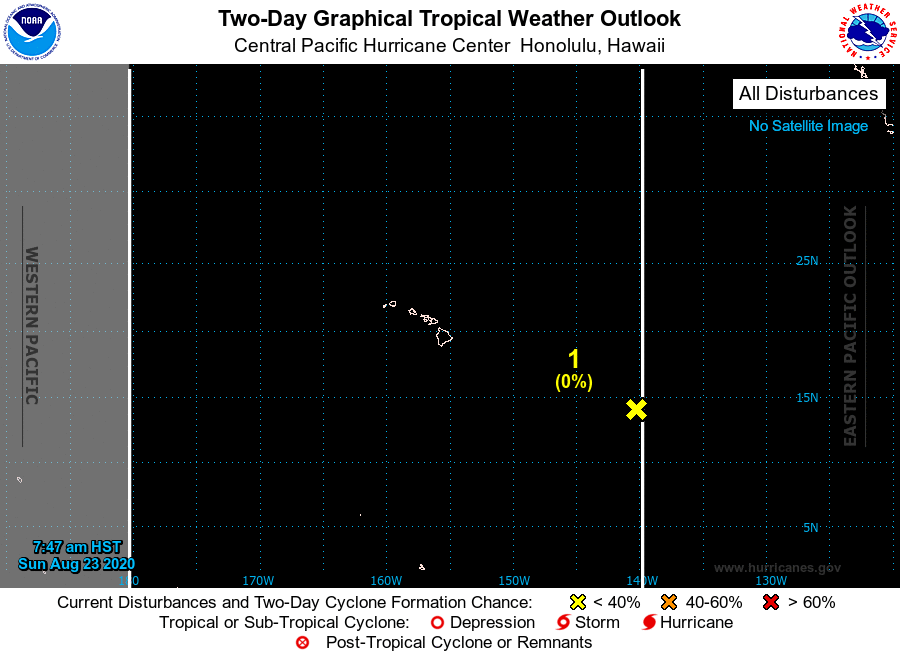
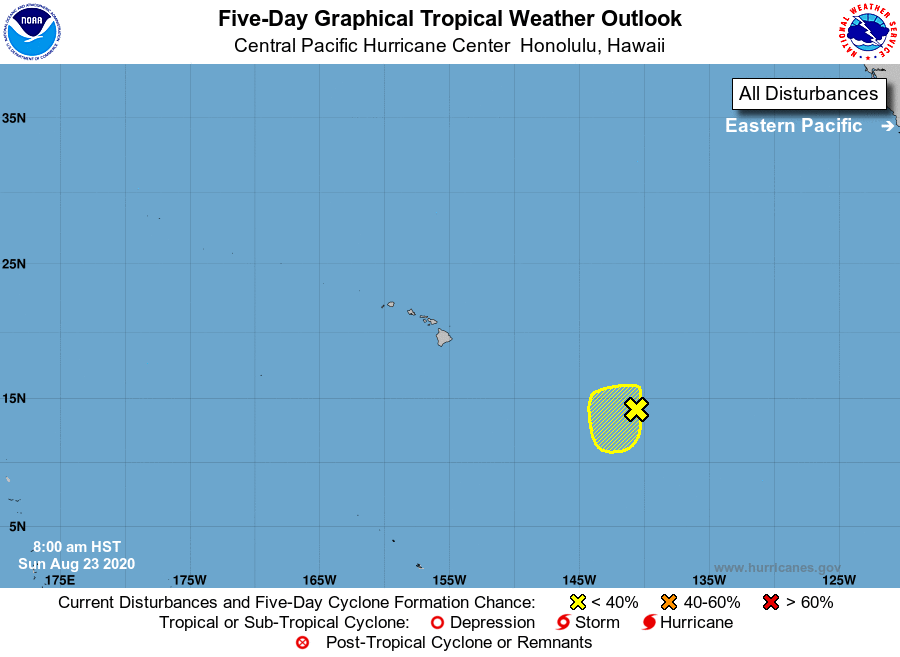
For the central North Pacific...between 140W and 180W:

1. The remnant low of Tropical Depression Ten-E, located around 1035 miles east-southeast of Hilo, Hawaii, is producing disorganized showers and thunderstorms this morning. Environmental conditions are expected to become increasingly unfavorable for development during the next couple days as the system tracks slowly north-northeastward.
* Formation chance through 48 hours...low...near 0 percent.
* Formation chance through 5 days...low...10 percent.

Elsewhere, no tropical cyclones are expected during the next 5 days.

Forecaster Kinel